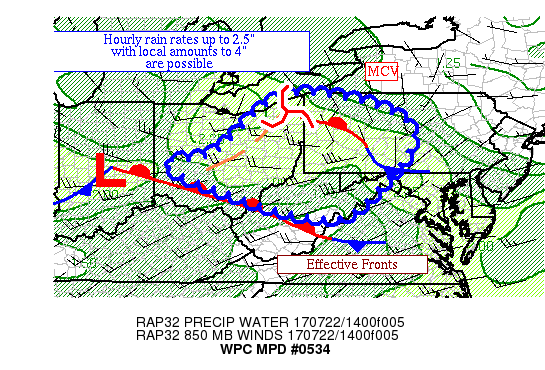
AREAS AFFECTED...PORTIONS OF OH, WV, AND WESTERN PA

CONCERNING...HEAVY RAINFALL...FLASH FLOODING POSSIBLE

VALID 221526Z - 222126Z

SUMMARY...THUNDERSTORMS ARE BEGINNING TO CONCENTRATE ACROSS
NORTHEAST OH AND REDEVELOP ACROSS PORTIONS OF SOUTHERN OH.  HOURLY
RAIN RATES UP TO 2.5" WITH LOCAL AMOUNTS TO 4" ARE POSSIBLE.

DISCUSSION...AN MCV FROM EARLIER CONVECTIVE ACTIVITY IS GAINING
CENTRAL CONVECTION ACROSS NORTHEAST OH, WHILE OTHER ACTIVITY
WITHIN ITS TAIL ACROSS SOUTH-CENTRAL OH HAS RECENTLY SHOWN SIGNS
OF REDEVELOPING.  RAIN RATES ARE CURRENTLY MODEST, IN THE 0.5-1"
AN HOUR RANGE.  PRECIPITABLE WATER VALUES ARE 1.75-2" IN THIS
AREA.  ML CAPE VALUES ARE CURRENTLY 250-1500 J/KG IN THIS REGION,
AND RISING.  SPC MESOANALYSES SHOW CIN BEGINNING TO ERODE NEAR THE
MCV.  INFLOW AT 850 HPA IS WESTERLY AT 25-35 KTS PER VAD WIND
PROFILES ACROSS SOUTHERN OH AND SOUTHWEST PA, NEAR THE MAGNITUDE
OF THE MEAN 850-400 HPA WIND.  EFFECTIVE BULK SHEAR IN THE REGION
IS 30-40 KTS.

RAP GUIDANCE SHOWS INSTABILITY SOUTH OF THE OUTFLOW
BOUNDARY/EFFECTIVE FRONT IN SOUTHERN OH/SOUTHERN WV BUILDING
WITHIN A CAPPED REGION ALOFT WHILE MOVING NORTHWARD TOWARDS
CENTRAL OH AND SOUTHWEST PA WITH TIME, CLOSER TO THE MAIN FRONTAL
BOUNDARY.  THE MCV ITSELF IS EXPECTED TO MOVE EAST-SOUTHEAST AT 25
KTS CLOSER TO THE FORECAST INSTABILITY TOWARDS CENTRAL PA WITH THE
BEST INFLOW AT 850 HPA REMAINING NEAR THE UPPER OH VALLEY OVER THE
NEXT SEVERAL HOURS.  DUE TO THE BULK SHEAR AND NEARLY
UNIDIRECTIONAL FLOW IN THE REGION, SHORT TRAINING CONVECTIVE BANDS
ARE THE MAIN HEAVY RAIN THREAT, WITH ANY DEVELOPING MESOCYCLONES
ADDING TO THE HEAVY RAIN RISK.  AVAILABLE MOISTURE AND INSTABILITY
SUPPORT HOURLY RAIN RATES UP TO 2.5".  THE MESOSCALE GUIDANCE
SHOWS A GOOD SIGNAL FOR 2.5-3.5" OVER THE NEXT SEVERAL HOURS --
BELIEVE THE CEILING IS CLOSER TO 4" SHOULD ANY CONVECTION TRAIN
FOR MORE THAN AN HOUR.  THIS DEGREE OF RAINFALL COULD LEAD TO
ISSUES IN RUGGED TERRAIN AND WHERE SOILS ARE PARTIALLY SATURATED.